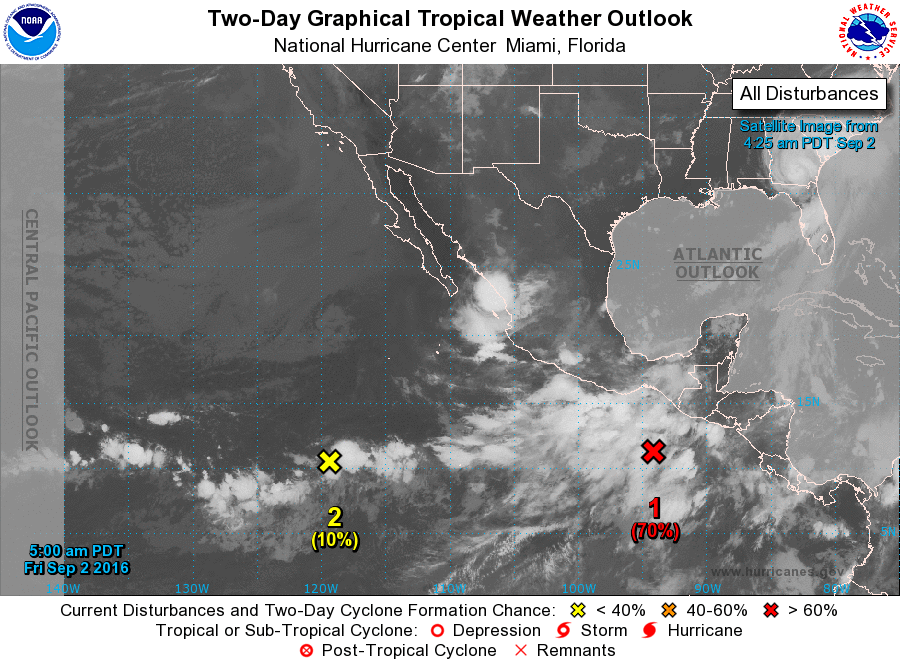
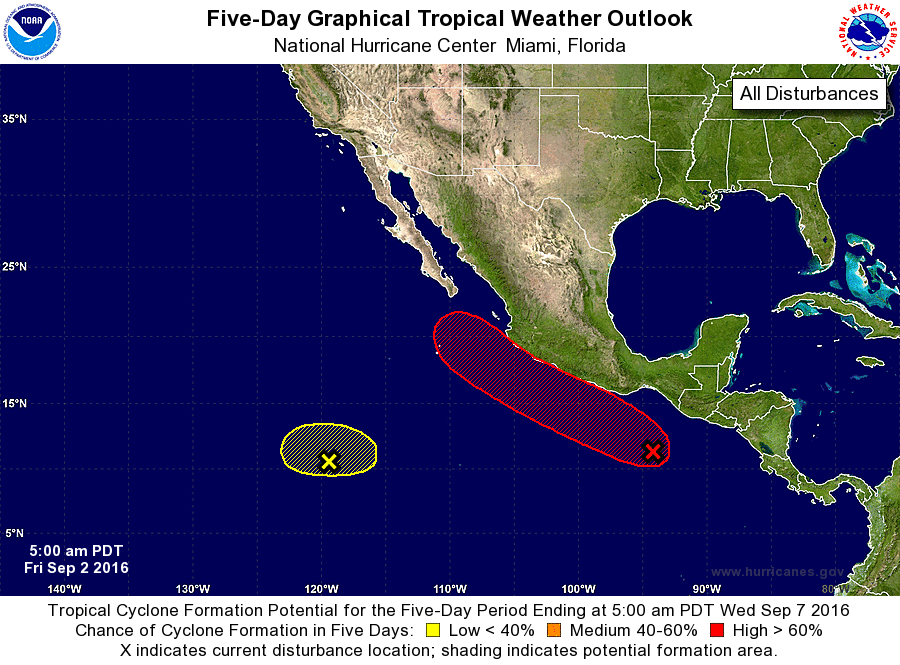
For the eastern North Pacific...east of 140 degrees west longitude:

1. A broad area of low pressure has formed several hundred miles southeast of Acapulco, Mexico, and continues to produce a large area of showers and thunderstorms. Upper-level winds are expected to become more conducive for development during the next couple of days, and a tropical depression is likely to form over the weekend while the low moves west-northwestward or northwestward near the coast of Mexico. Interests along the southern and southwestern coasts of Mexico should monitor the progress of this disturbance. Locally heavy rain, flash floods and mud slides are likely in these areas starting later today and continuing through the weekend.
* Formation chance through 48 hours...high...70 percent
* Formation chance through 5 days...high...80 percent

2. A weak area of low pressure is located about 1000 miles south- southwest of the southern tip of the Baja California peninsula. This system is expected to meander during the next few days, and any development should be slow to occur due to strong upper- level winds.
* Formation chance through 48 hours...low...10 percent
* Formation chance through 5 days...low...20 percent

Forecaster Blake